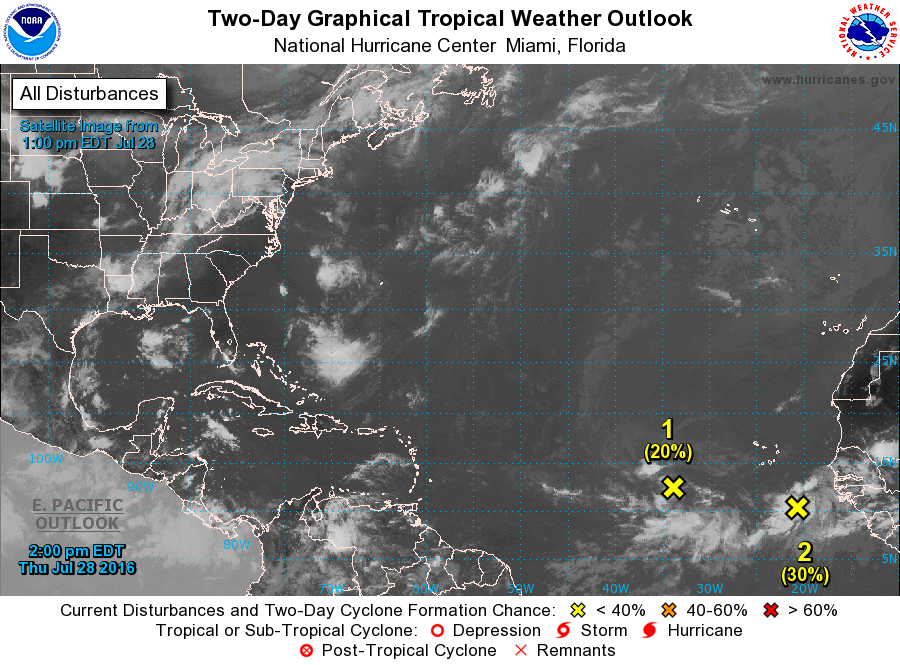
For the North Atlantic...Caribbean Sea and the Gulf of Mexico:

1. A tropical wave located about 1700 miles east-southeast of the Leeward Islands is moving westward at about 30 mph. Environmental conditions are expected to be somewhat conducive for development this weekend when the disturbance could be near the northern Lesser Antilles and Puerto Rico.
* Formation chance through 48 hours...low...20 percent
* Formation chance through 5 days...low...30 percent

2. A tropical wave accompanied by a low pressure system is producing an area of showers and thunderstorms about 350 miles south-southeast of Cabo Verde. Some development of this disturbance is possible during the next few days while it moves westward or west-northwestward at 10 to 15 mph. However, environmental conditions are expected to become less conducive for development early next week when the system is over the central tropical Atlantic Ocean.
* Formation chance through 48 hours...low...30 percent
* Formation chance through 5 days...medium...40 percent

Forecaster Stewart